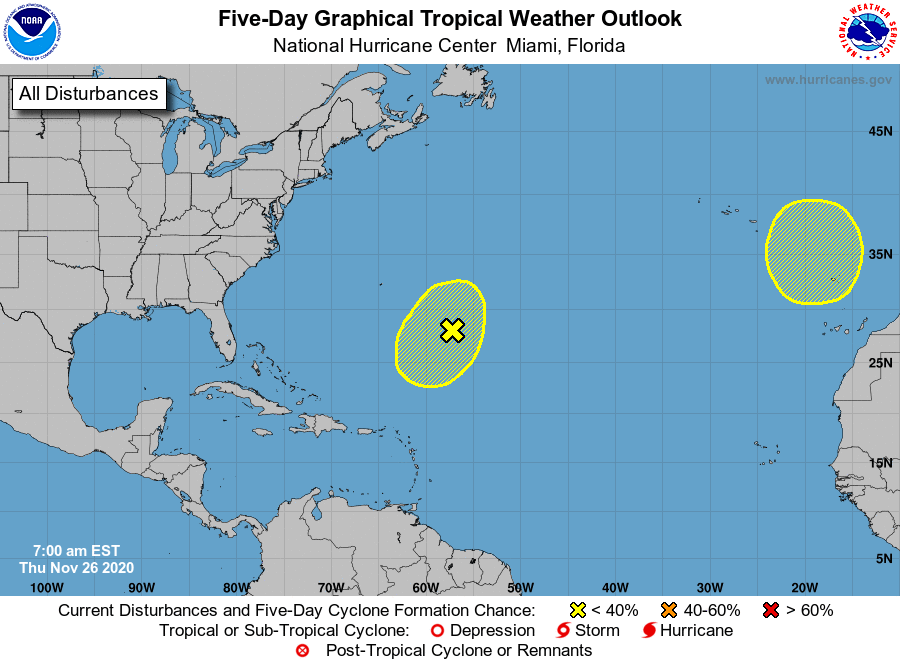
For the North Atlantic...Caribbean Sea and the Gulf of Mexico:

1. A frontal low pressure system is located several hundred miles southeast of Bermuda. The low is forecast to interact with an upper-level trough today and could acquire some subtropical characteristics during the next day or two while it drifts south-southwestward. Environmental conditions are expected to become unfavorable for further development by the weekend.
* Formation chance through 48 hours...low...20 percent.
* Formation chance through 5 days...low...20 percent.

2. A non-tropical area of low pressure is expected to form over the far eastern Atlantic during the weekend. This system could gradually gain subtropical characteristics while it moves slowly southward through early next week.
* Formation chance through 48 hours...low...near 0 percent.
* Formation chance through 5 days...low...20 percent.

Forecaster Beven